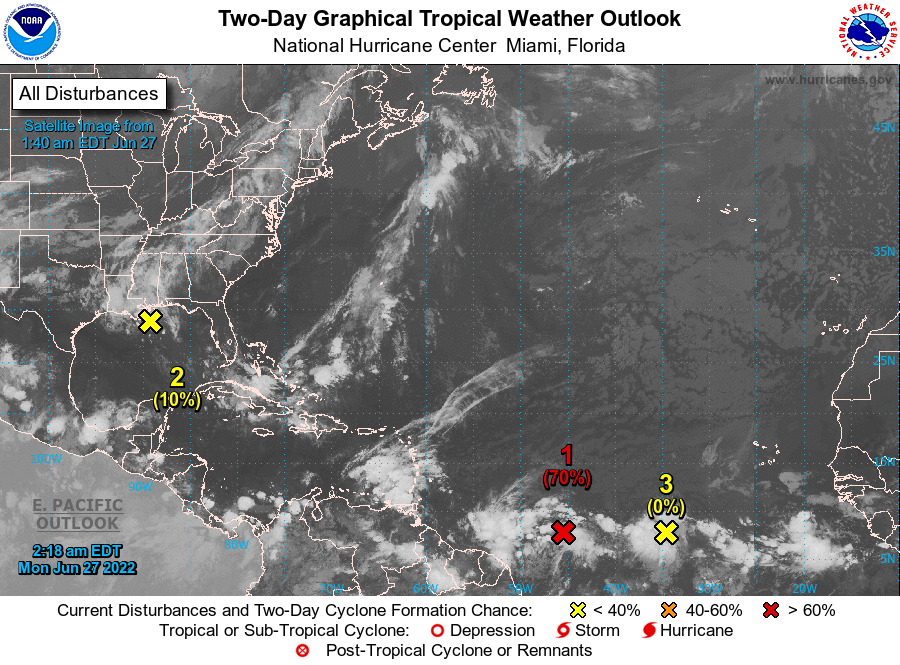
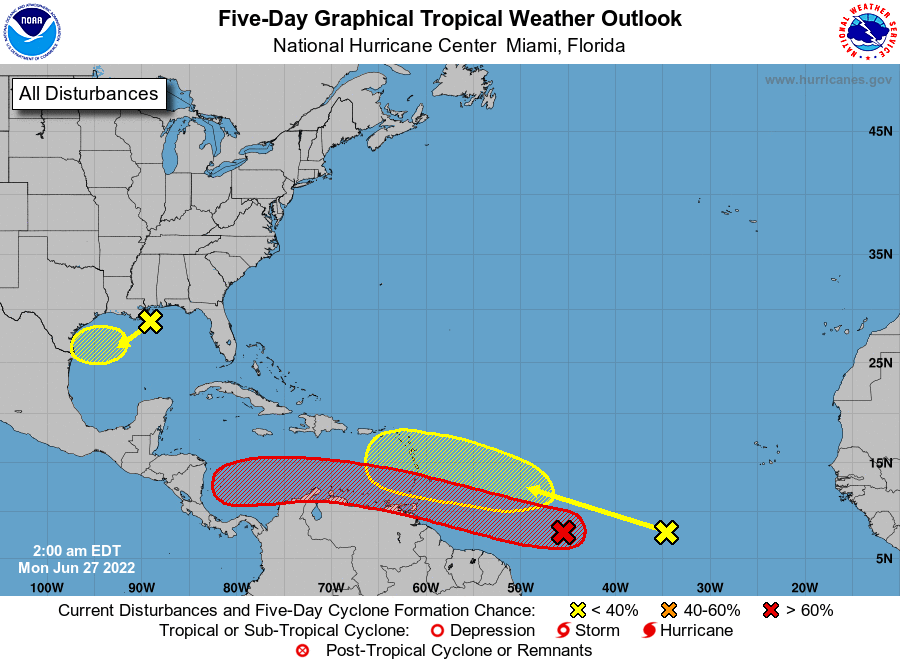
For the North Atlantic...Caribbean Sea and the Gulf of Mexico:

1. Central Tropical Atlantic: Shower and thunderstorm activity has increased in association with a tropical wave located about 950 miles east-southeast of the southern Windward Islands. Environmental conditions appear conducive for further development, and a tropical depression is likely to form during the next couple of days before the system reaches the Windward Islands Tuesday night or possibly while moving westward across the southern Caribbean Sea Wednesday through Friday. A NOAA Hurricane Hunter aircraft is scheduled to investigate the system this afternoon. Interests in the Windward Islands and along the northeastern coast of Venezuela should monitor the progress of this system, and tropical storm watches or warnings could be required for portions of these areas later today. Regardless of development, locally heavy rainfall is possible over the Windward Islands and the northeastern coast of Venezuela Tuesday night and Wednesday.
* Formation chance through 48 hours...high...70 percent.
* Formation chance through 5 days...high...90 percent.

2. Northern Gulf of Mexico: Disorganized showers and thunderstorms over the north-central and northeastern Gulf of Mexico are associated with a trough of low pressure. Development of this system is expected to be slow to occur while it moves west-southwestward at about 10 mph toward the northwestern Gulf of Mexico and approaches the coasts of southern Texas and northeastern Mexico during the next few days.
* Formation chance through 48 hours...low...10 percent.
* Formation chance through 5 days...low...20 percent.

3. Eastern Tropical Atlantic: A tropical wave located several hundred miles southwest of the Cabo Verde Islands is producing disorganized showers and thunderstorms. Environmental conditions could become conducive for gradual development later this week while the system moves west-northwestward at around 15 mph over the central tropical Atlantic.
* Formation chance through 48 hours...low...near 0 percent.
* Formation chance through 5 days...low...20 percent.

Forecaster Bucci/Blake